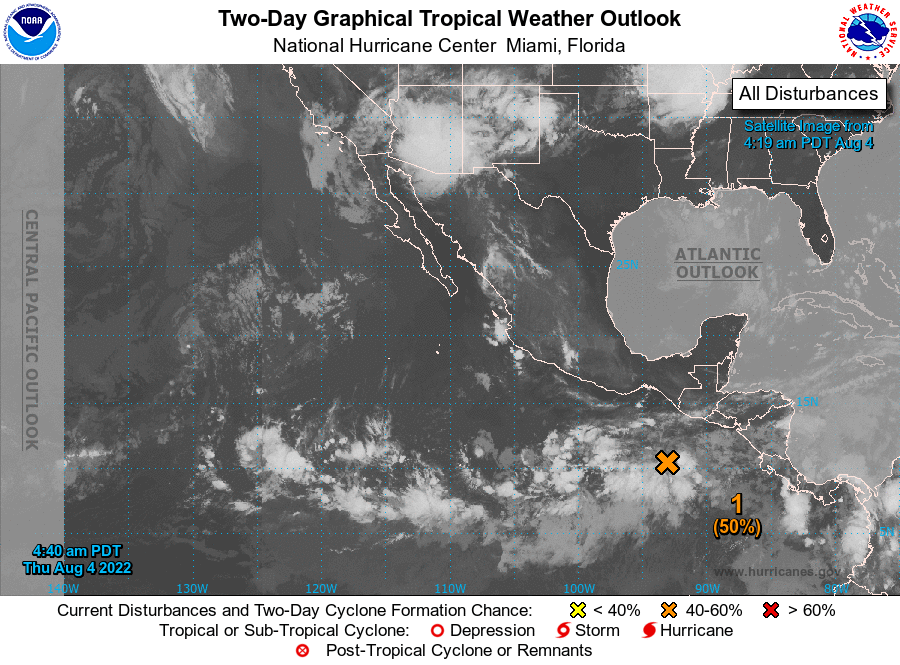
For the eastern North Pacific...east of 140 degrees west longitude:

1. Offshore of Southern Mexico: A tropical wave is producing a broad area of disorganized showers and thunderstorms several hundred miles off the coasts of Guatemala and southern Mexico. An area of low pressure is expected to form well south of southern Mexico during the next day or so in association with this feature. Environmental conditions appear conducive for subsequent development, and a tropical depression is likely to form by this weekend. The system is forecast to move west-northwestward at 10 to 15 mph over the weekend and into early next week, remaining well offshore of the coast of southern Mexico.
* Formation chance through 48 hours...medium...50 percent.
* Formation chance through 5 days...high...90 percent.

2. Well Southeast of the Main Hawaiian Islands: Another area of low pressure could form over the far western portion of the eastern Pacific basin by this weekend. Some gradual development of this system is possible thereafter while it moves westward toward and into the central Pacific basin early next week.
* Formation chance through 48 hours...low...near 0 percent.
* Formation chance through 5 days...low...30 percent.

Forecaster Reinhart